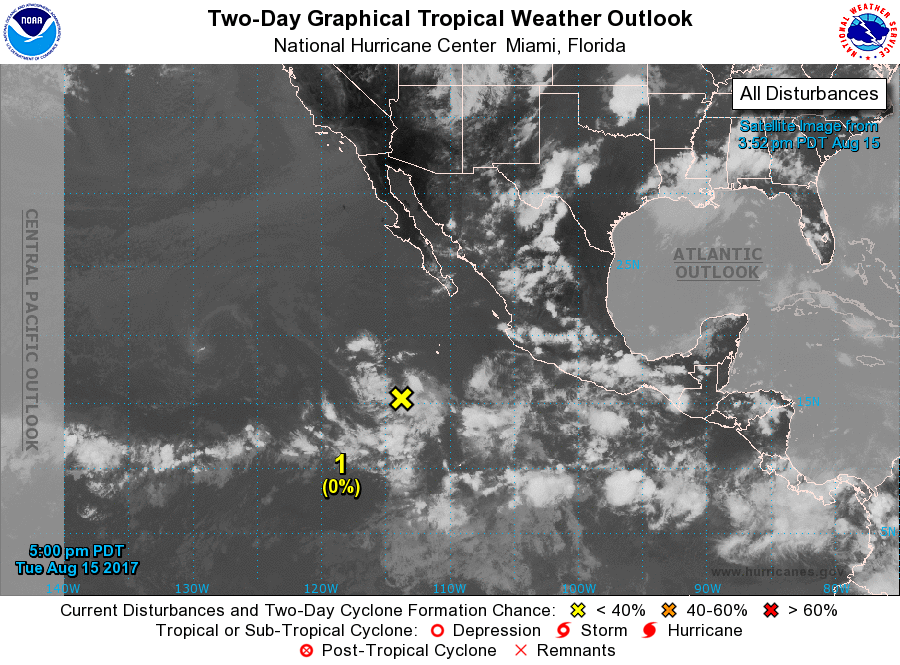
For the eastern North Pacific...east of 140 degrees west longitude:

1. A broad area of low pressure is producing disorganized showers and thunderstorms several hundred miles south-southwest of the southern tip of the Baja California peninsula. Development, if any, of this system is expected to be slow to occur while it moves slowly westward for the next several days.
* Formation chance through 48 hours...low...near 0 percent.
* Formation chance through 5 days...low...10 percent.

Forecaster Pasch